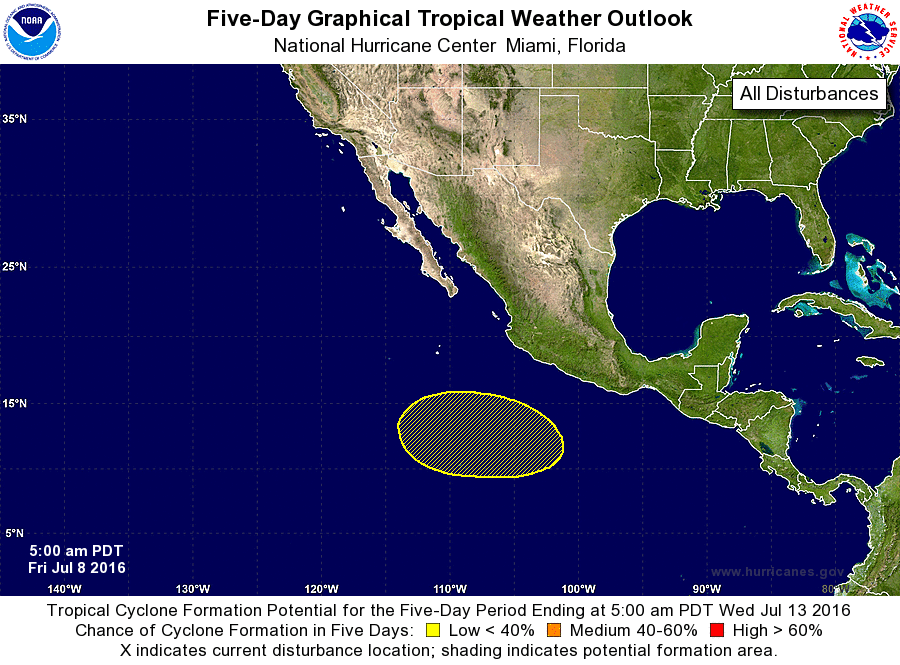
For the eastern North Pacific...east of 140 degrees west longitude:

The National Hurricane Center is issuing advisories on Hurricane Blas, located about 1300 miles west-southwest of the southern tip of the Baja California peninsula, and on Tropical Depression Four-E, located more than 700 miles south of the southern tip of the Baja California peninsula.

1. An area of low pressure is expected to form early next week several hundred miles southwest of the coast of Mexico. Some subsequent development of this system is possible while it moves westward to west-northwestward.
* Formation chance through 48 hours...low...near 0 percent
* Formation chance through 5 days...low...20 percent

Forecaster Brown